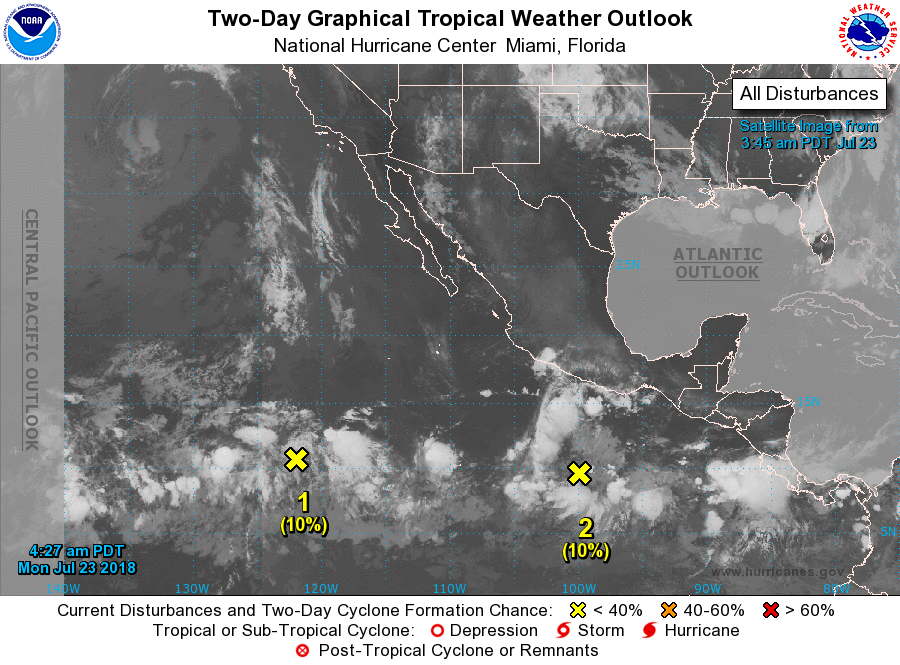
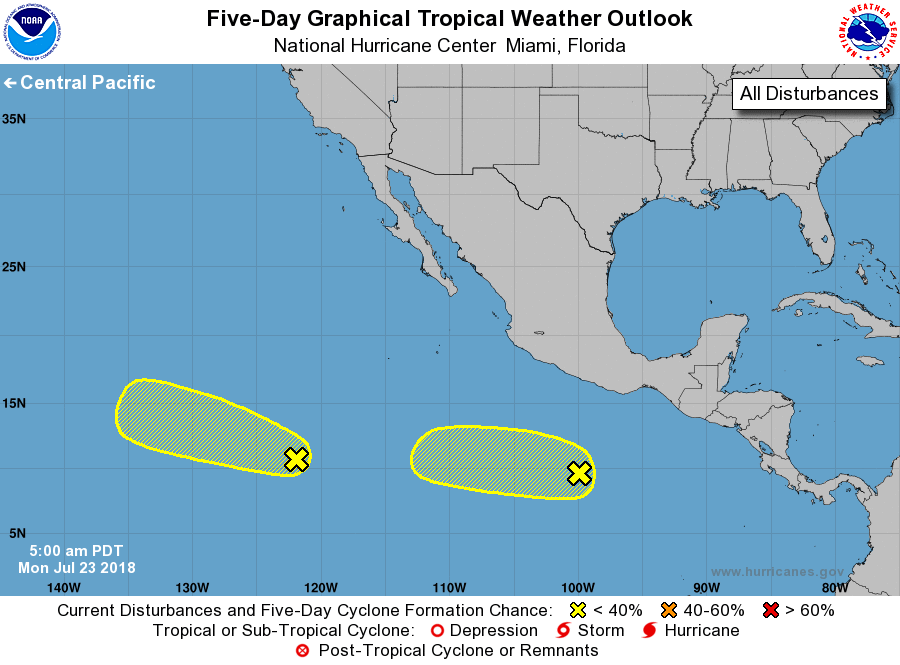
For the eastern North Pacific...east of 140 degrees west longitude:

1. A disorganized area of disturbed weather located a little more than 1400 miles southwest of the southern tip of the Baja California Peninsula is moving westward to west-northwestward at 15 to 20 mph. This system is heading toward unfavorable upper-level winds and tropical cyclone formation is becoming less likely.
* Formation chance through 48 hours...low...10 percent.
* Formation chance through 5 days...low...30 percent.

2. A weak low pressure system is located several hundred miles south-southwest of the Gulf of Tehuantepec. Gradual development is possible during the next few days while the system moves toward the west or west-northwest well south of the coast of Mexico.
* Formation chance through 48 hours...low...near 10 percent.
* Formation chance through 5 days...low...30 percent.

Forecaster Avila